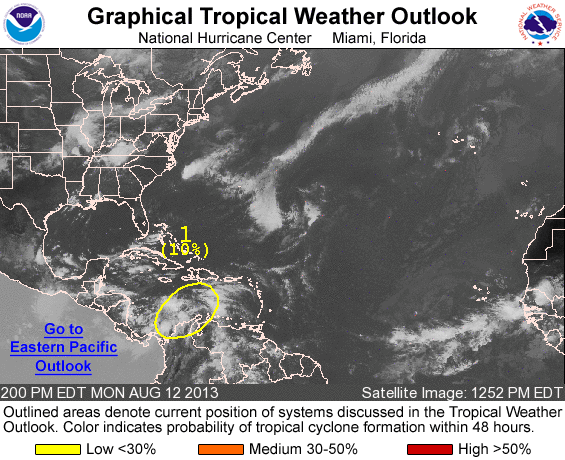
FOR THE NORTH ATLANTIC...CARIBBEAN SEA AND THE GULF OF MEXICO...

1. CLOUDINESS AND SHOWERS EXTENDING FROM THE SOUTHWESTERN CARIBBEAN SEA NORTHEASTWARD TO NEAR HISPANIOLA ARE ASSOCIATED WITH A WESTWARD MOVING TROPICAL WAVE AND A BROAD AREA OF LOW PRESSURE. UPPER-LEVEL WINDS ARE FORECAST TO BECOME A LITTLE MORE CONDUCIVE FOR DEVELOPMENT DURING THE NEXT SEVERAL DAYS AS THE DISTURBANCE MOVES TOWARD THE YUCATAN PENINSULA AND THE SOUTHERN GULF OF MEXICO. THIS SYSTEM HAS A LOW CHANGE...NEAR 10 PERCENT...OF BECOMING A TROPICAL CYCLONE DURING THE NEXT 48 HOURS...AND A LOW CHANCE...20 PERCENT... OF BECOMING A TROPICAL CYCLONE DURING THE NEXT 5 DAYS.

FIVE-DAY FORMATION PROBABILITIES ARE EXPERIMENTAL IN 2013. COMMENTS ON THE EXPERIMENTAL FORECASTS CAN BE PROVIDED AT...

HTTP://WWW.NWS.NOAA.GOV/SURVEY/NWS-SURVEY.PHP?CODE=ETWO

FORECASTER AVILA